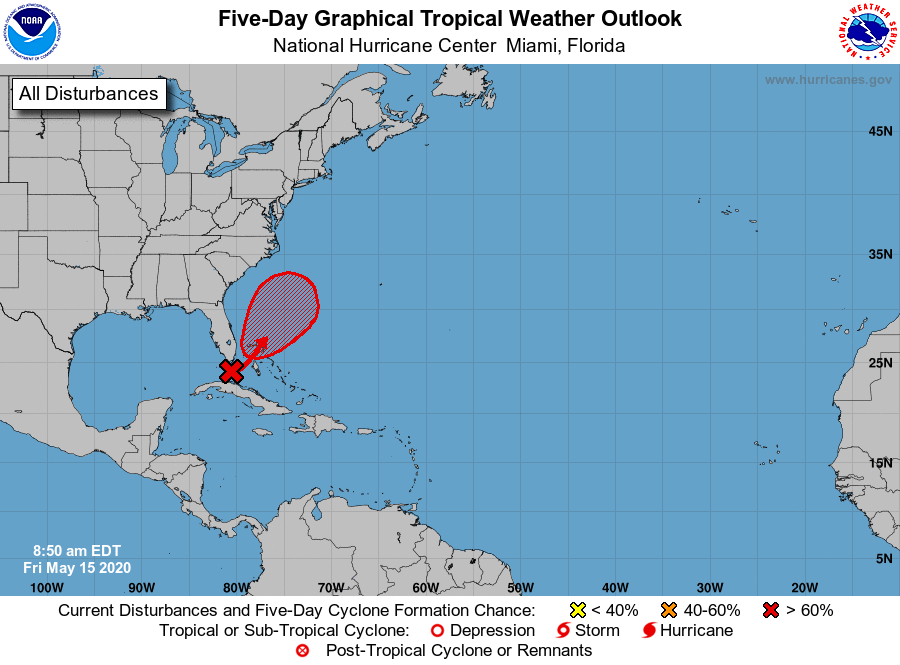
For the North Atlantic...Caribbean Sea and the Gulf of Mexico:

Special Tropical Weather Outlook issued to discuss the potential for tropical or subtropical development near the northwest Bahamas.

A trough of low pressure located over the Straits of Florida continues to produce disorganized shower activity and gusty winds across the Florida Keys, portions of southeast Florida, and the northwestern Bahamas. Gradual development of this system is expected, and it will likely become a tropical or subtropical storm on Saturday when it is located near the northwestern Bahamas. Later in the weekend and early next week, the system is expected to move generally northeastward over the western Atlantic.

1. Regardless of development, the disturbance will continue to bring heavy rainfall to portions of the Florida Keys, southeast Florida and the Bahamas through Saturday. Tropical-storm-force wind gusts are also possible across portions of the Florida Keys, southeast Florida, and the Bahamas during the next day or so. In addition, hazardous marine conditions are expected along the Florida east coast and in the Bahamas where Gale Warnings are in effect. Dangerous surf conditions and rip currents are possible along portions of the southeast U.S. coast this weekend and early next week. See products from your local weather office and High Seas Forecasts for more details. The Air Force Reserve Hurricane Hunter aircraft scheduled to investigate the system today has been canceled, but an aircraft is scheduled to investigate the disturbance tomorrow, if necessary. The next Special Tropical Weather Outlook on this system will be issued by 3 PM EDT today, or earlier, if necessary.
* Formation chance through 48 hours...high...80 percent.
* Formation chance through 5 days...high...80 percent.

High Seas Forecasts issued by the National Weather Service can be found under AWIPS header NFDHSFAT1, WMO header FZNT01 KWBC, and available on the Web at ocean.weather.gov/shtml/NFDHSFAT1.shtml.

Forecaster Cangialosi